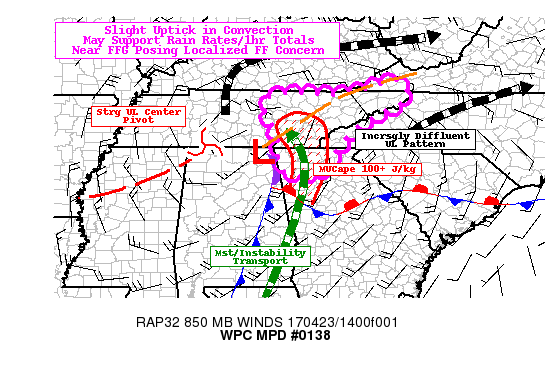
AREAS AFFECTED...EASTERN TN...NORTHERN GA...EXT SOUTHWEST VA...EXT
WESTERN NC

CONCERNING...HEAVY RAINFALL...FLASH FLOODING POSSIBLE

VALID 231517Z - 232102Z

SUMMARY...INCREASINGLY FAVORABLE DYNAMIC SETUP WITH SHALLOW
EMBEDDED CONVECTION MAY POSE ISOLATED FF CONCERN DUE TO SATURATED
GROUND CONDITIONS.

DISCUSSION...GOES-16 CONUS VISIBLE IMAGERY DENOTES A STEADY UPTICK
AND EXPANSION OF SHALLOW CONVECTIVE GROWTH ACROSS E TN WITHIN THE
GREATEST DIFFLUENCE/SHORTWAVE RIDGING ALOFT AS THE MEAN UPPER LOW
PIVOTS ACROSS CENTRAL TN.  RAP ANALYSIS AND HRRR SUGGEST A NARROW
RIBBON OF WEAK SLANTWISE INSTABILITY UP TO 100-150 J/KG ADVECTING
THROUGH THE WARM CONVEYOR (OF S AND SELY LOW LEVEL FLOW) ACROSS N
GA INTO TN TO CONTINUE SUPPORTING THIS SHALLOW CONVECTION.  LOCAL
1HR OBSERVED TOTALS ARE IN THE .5"/HR RANGE CURRENTLY ACROSS SE TN
THOUGH WITH INCREASINGLY BETTER DYNAMICS (INCREASED
DIVERGENCE/DPVA) AND INSTABILITY...CELLS HAVE THE POTENTIAL TO
FURTHER INCREASE AND WITH SATURATED PROFILES BELOW CLOUD BASE
LIMITING LOSS DUE TO EVAPORATIVE PROCESSES...THIS SHOULD BRING
SOME SCATTERED RAIN RATES/1HR TOTALS VERY CLOSE TO ECLIPSING THE
SUB 1" FFG ACROSS THE CUMBERLAND PLATEAU AND WESTERN AND SOUTHERN
FACING FOOTHILLS OF THE APPALACHIANS.  EVEN OUTSIDE OF THESE
ISOLATED ENHANCED SHALLOW CONVECTIVE ELEMENTS...MODERATE
PERSISTENT RAINFALL WILL CONTINUE TO POSE LONGER-TERM/SLOW RISE
FLOODING CONCERNS WITH 1-2" EXPECTED OVER THE NEXT 6HRS ACROSS E
TN AND N GA.